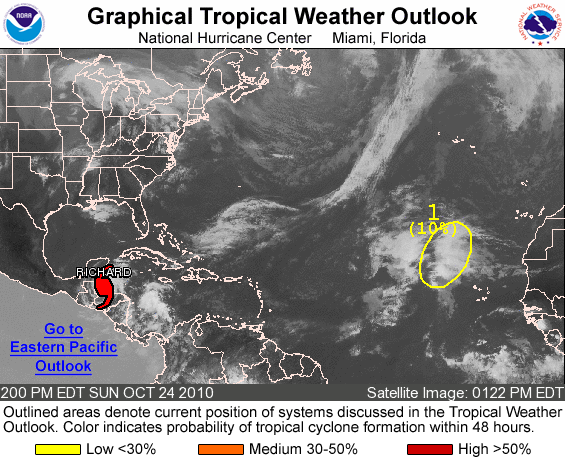
FOR THE NORTH ATLANTIC...CARIBBEAN SEA AND THE GULF OF MEXICO...

THE NATIONAL HURRICANE CENTER IS ISSUING ADVISORIES ON UPGRADED HURRICANE RICHARD...LOCATED ABOUT 55 MILES EAST-SOUTHEAST OF BELIZE CITY BELIZE.

1. A BROAD TROUGH OF LOW PRESSURE LOCATED OVER THE EASTERN TROPICAL ATLANTIC SEVERAL HUNDRED MILES WEST-NORTHWEST OF THE CAPE VERDE ISLANDS IS PRODUCING A LARGE AREA OF DISORGANIZED SHOWERS AND THUNDERSTORMS. UPPER-LEVEL WINDS ARE NOT CONDUCIVE FOR SIGNIFICANT DEVELOPMENT OF THIS DISTURBANCE...AND THERE IS A LOW CHANCE...10 PERCENT...OF THIS SYSTEM BECOMING A TROPICAL CYCLONE DURING THE NEXT 48 HOURS AS IT MOVES TOWARD THE NORTHWEST AT 10 TO 15 MPH.

ELSEWHERE...TROPICAL CYCLONE FORMATION IS NOT EXPECTED DURING THE NEXT 48 HOURS.

FORECASTER ROBERTS/PASCH